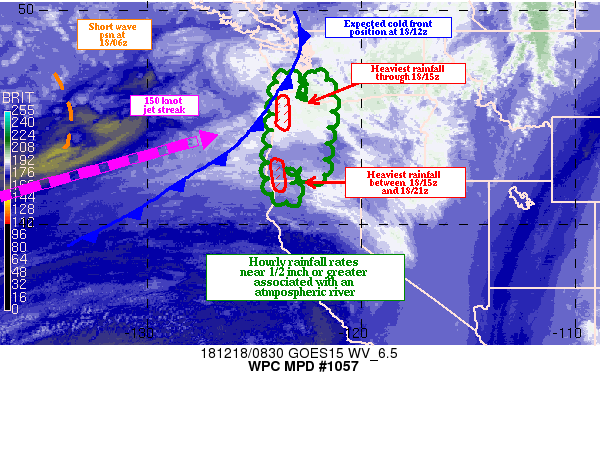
Areas affected...Western OR into northwest CA

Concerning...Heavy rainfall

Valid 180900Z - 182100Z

Summary...Deep moisture associated with an atmospheric river,
combined with strong upslope flow, could result in hourly rainfall
rates of 0.50 inches or greater through 18/21z, with total
rainfall amounts of 2 to 5 inches possible.

Discussion...The GOES-15 WV loop clearly depicted a 150 knot jet
associated with an unfolding atmospheric river pointed toward far
southwest WA/OR early this morning. A 50/60 knot low level flow is
helping to focus 1.00/1.25 inch precipitable water air (per the
most recent blended TPW product) on the higher terrain of western
OR early this morning. The deep moisture plume is already
supporting hourly rainfall rates approaching 0.25 inches (based on
surface observations) over portions of the Coastal Ranges in
northwest OR.

An approaching short wave should result in increasing diffluence
over western WA/western OR into far northwest CA through the
morning hours, and the large scale ascent associated with it could
support a large area of 0.25/0.50 inch hourly rainfall rates over
the higher terrain.  Through about 18/15z, the best forcing and
strongest low level flow are expected to impact the northern and
central OR Coastal Range, with rainfall amounts through that time
of 2 to 4 inches. These rainfall amounts could result in localized
flooding issues.

As the short wave crosses northwest WA (mainly after 18/15z), the
low level flow is shunted southward, affecting the Klamath
Mountains in southwest OR and far northwest CA. By this time, the
45 to 65 knot low level flow will be almost orthogonal to the
terrain, resulting in another burst of 0.50+ inch hourly rainfall
rates. The most recent HRRR suggests that rainfall rates could
exceed 0.75 inches during this time, but a general lack of
instability (HRRR soundings showed MUCAPE values less than 100
J/KG) could make these values more difficult to attain.

In any event, rainfall totals of 2 to 5 inches are possible over
the favored upslope regions of the central and southern Klamath
Mountains through 18/21z. It should be noted that there are recent
burn scars over portions of far southwest OR and far northwest CA,
and the high rainfall rates could lead to mudslides and debris
flows.